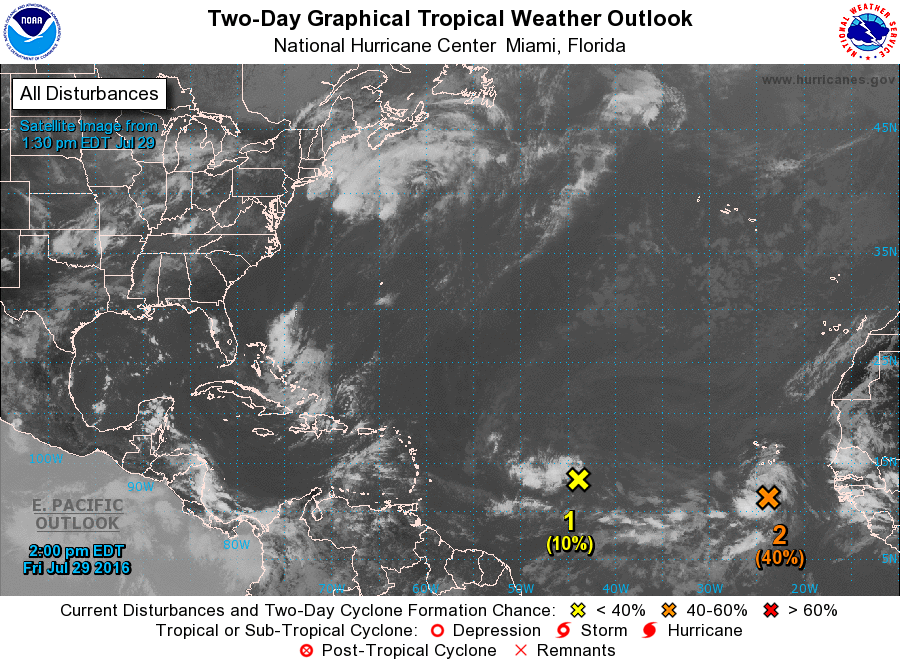
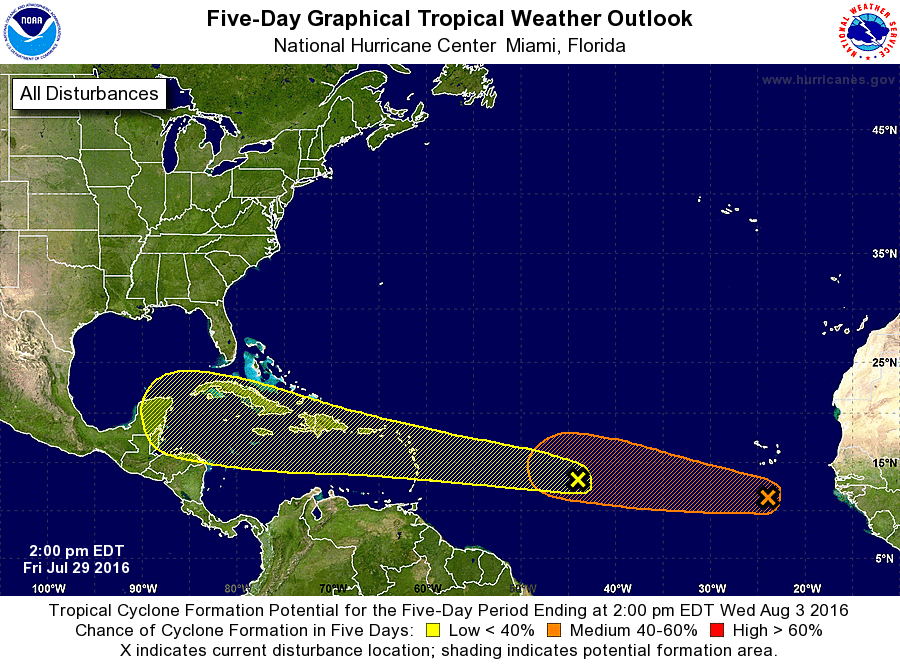
For the North Atlantic...Caribbean Sea and the Gulf of Mexico:

1. A tropical wave located about 1100 miles east of the Lesser Antilles is moving westward at 20-25 mph. The associated shower activity is poorly organized, and given the fast motion of the system any development should be slow to occur. Regardless of development, this system will likely bring showers and gusty winds to portions of the Leeward Islands, Virgin Islands, Puerto Rico, and the eastern Caribbean Sea during the weekend. By the middle of next week, the wave is expected to be in the western Caribbean Sea, where conditions could be more conducive for development.
* Formation chance through 48 hours...low...10 percent
* Formation chance through 5 days...low...30 percent

2. Shower activity associated with a tropical wave and a low pressure system centered a couple of hundred miles south of the Cabo Verde Islands continues to show signs of organization. However, recent satellite wind data indicate that the low does not have a well-defined circulation. Some development is possible during the next day or two before the disturbance encounters a less favorable environment over the central tropical Atlantic early next week.
* Formation chance through 48 hours...medium...40 percent
* Formation chance through 5 days...medium...50 percent

Forecaster Beven